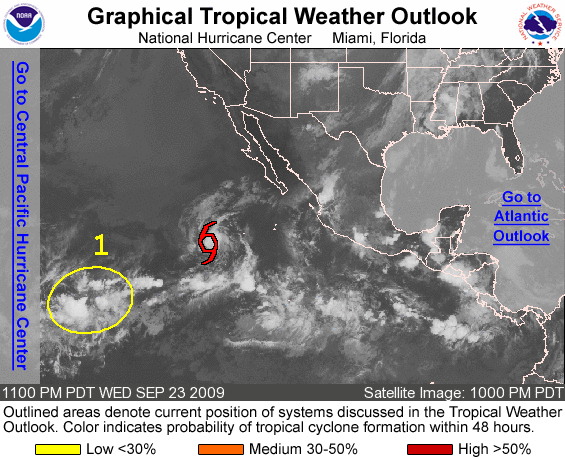
FOR THE EASTERN NORTH PACIFIC...EAST OF 140 DEGREES WEST LONGITUDE..

THE NATIONAL HURRICANE CENTER IS ISSUING ADVISORIES ON TROPICAL STORM NORA...LOCATED ABOUT 725 MILES WEST-SOUTHWEST OF THE SOUTHERN TIP OF BAJA CALIFORNIA.

1. A LARGE AREA OF DISTURBED WEATHER LOCATED ABOUT 1500 MILES EAST-SOUTHEAST OF THE HAWAIIAN ISLANDS IS PRODUCING DISORGANIZED SHOWER AND THUNDERSTORM ACTIVITY. SOME SLOW DEVELOPMENT OF THIS SYSTEM IS POSSIBLE OVER THE NEXT COUPLE OF DAYS AS IT MOVES WEST-NORTHWESTWARD AT 5 TO 10 MPH. THERE IS A LOW CHANCE...LESS THAN 30 PERCENT...OF THIS SYSTEM BECOMING A TROPICAL CYCLONE DURING THE NEXT 48 HOURS.

ELSEWHERE...TROPICAL CYCLONE FORMATION IS NOT EXPECTED DURING THE NEXT 48 HOURS.

FORECASTER BRENNAN